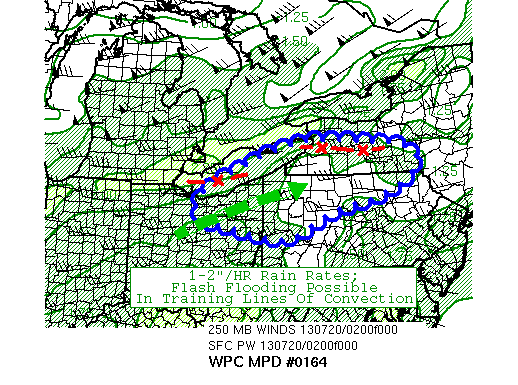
AREAS AFFECTED...NERN OH/NWRN PA TO WRN NY

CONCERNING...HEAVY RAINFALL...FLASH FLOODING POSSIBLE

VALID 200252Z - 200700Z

SUMMARY...A SHARP THERMAL ZONE IS SLICING THROUGH THE GREAT LAKES
REGION TRIGGERING SEVERAL CONSOLIDATED LINES OF ACTIVE CONVECTIVE
HEAVY RAINFALL WITH SIGNS OF POSSIBLE TRAINING.

DISCUSSION...A SHARP THERMAL ZONE ACTING ON TREMENDOUS UPPER JET
DYNAMICS AND A NARROW BUT VERY ANOMALOUS MOISTURE ZONE IS
TRIGGERING SEVERAL LINES OF ACTIVE CONVECTION AND HEAVY RAINFALL
LATE THIS EVENING. TWO LINE SEGMENTS COMING OFF LAKE ERIE APPEAR
TO HAVE THE MOST POTENTIAL FOR TRAINING OVER THE NEXT SEVERAL
HRS... ESPECIALLY SINCE PARTS OF ERIE/NIAGARA AND ORLEANS IN WRN
NEW YORK STATE HAVE SEEN 2 TO 3.25 INCHES IN THE LAST 3 HRS VIA
MESONET DATA. 02Z ANALYSIS SHOWED A VERY NARROW ZONE OF 2 TO 2.25
INCH PWS WITH STEADY SWRLY/WSWRLY MOIST INFLOW AT 850MB...
FAVORABLE FOR HEAVY RAIN POTENTIAL. ADD IN THAT FROM 03Z TO 09Z
ALL OF THE GLOBAL MODELS FAVOR RIGHT HAND ENTRANCE REGION UPPER
JET DYNAMICS AT 250MB IN THIS VICINITY AND THESE MULTIPLE LINES
COULD PERSIST AND LINGER. 1 HR FFG IS GENERALLY AROUND 2 INCHES OR
GREATER WITH SLIGHTLY LOWER NUMBERS IN NERN OH AND NWRN PA OF 1.5
INCHES... THUS WILL HIGHLIGHT THE ENTIRE REGION FOR LOCALIZED
FLASH FLOODING POTENTIAL.